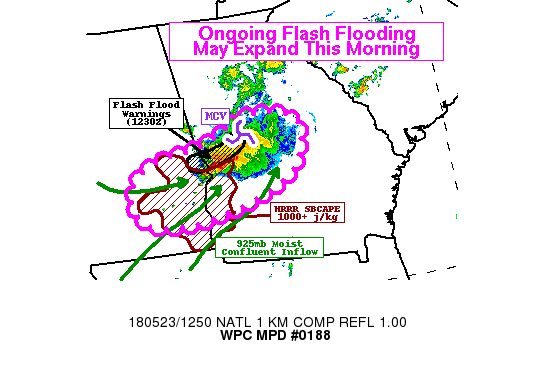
AREAS AFFECTED...SE ALABAMA...SW/WC GEORGIA

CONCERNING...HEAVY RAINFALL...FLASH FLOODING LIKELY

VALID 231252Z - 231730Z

SUMMARY...FLASH FLOODING WAS ONGOING AS OF 1230Z WITH A
SLOW-MOVING CLUSTER OF THUNDERSTORMS NEAR COLUMBUS GEORGIA. THIS
FLASH FLOODING WILL LIKELY CONTINUE AND COULD EXPAND EITHER AS THE
THUNDERSTORMS CONTINUE TO DRIFT SLOWLY SOUTH OR SOUTHEAST...OR AS
NEW STORMS DEVELOP TO THE SOUTHWEST. HOURLY RAIN RATES COULD
EXCEED 2 IN/HR.

DISCUSSION...KMXX AND KJGX RADARS SHOWED A PROMINENT CLUSTER OF
STORMS NEAR AND JUST EAST OF COLUMBUS GA THAT WAS CAUSING FLASH
FLOODING AS OF 1230Z (MULTIPLE FLASH FLOOD WARNINGS AND REPORTS
OVER THE PAST SEVERAL HOURS). OVER THE PAST 90 MINUTES THE
CENTROID OF THE CLUSTER HAS MOVED ONLY ABOUT 15-20 KM...WITH A
SLOW DRIFT TO THE S/SE. THESE RADARS ALSO SHOWED A WELL-DEFINED
SPIN IN THE MID-LEVELS ON THE NORTHEAST SIDE OF THE CONVECTIVE
CLUSTER...LIKELY AN MCV. THIS WAS CENTERED TO SOUTH OF A WEAK
SURFACE LOW...EVIDENT IN THE SURFACE WIND PATTERN ABOUT 20 MILES
EAST OF ATLANTA. THE RESULT IS BROADLY CONFLUENT LOW-LEVEL INFLOW
FROM THE WEST AND SOUTHWEST OVER CENTRAL AND SOUTHERN
ALABAMA...WHICH WAS ENABLING SOME BACKBUILDING OF THE CONVECTIVE
CLUSTER AND ENHANCING FLASH FLOOD POTENTIAL. THIS INFLOW REGION
WAS CHARACTERIZED BY RAP/HRRR ANALYZED CAPE AROUND 1000-1500 J/KG
AND PRECIPITABLE WATER VALUES AROUND 1.8 INCHES (PER CIRA BLENDED
TPW AND GPS-PW OBS).

ALTHOUGH IT IS APPROACHING THE TYPICAL DIURNAL MINIMUM FOR
CONVECTIVE INTENSITY...THE NEARLY UNCAPPED AND MODERATELY UNSTABLE
INFLOW REGION MAY BE ABLE TO SUSTAIN CONVECTION OVER THE NEXT FEW
HOURS WITH A CONTINUED FLASH FLOOD THREAT. AN INCREASE IN
CONVECTION ACROSS THE REGION WOULD BE MORE LIKELY AROUND 16-17Z
WITH CONTINUED INSOLATION... INCLUDING IN THE INFLOW REGION WHICH
MAY CAUSE THE FLASH FLOOD THREAT TO FURTHER EXPAND.

KMXX AND KJGX DUAL POL RAINFALL ESTIMATES HAVE APPROACHED OR
SLIGHTLY EXCEEDED 2 IN/HR AT TIMES...AS HAS THE MRMS RADAR
ANALYSIS. THESE SORT OF RATES CAN BE SUSTAINED IN THE VERY MOIST
AND UNSTABLE ENVIRONMENT PROVIDED CONTINUED SLOW MOTION OF THE
OVERALL CONVECTIVE CLUSTER AND A FAVORABLE SETUP FOR BACKBUILDING
AND NEW UPDRAFT GROWTH ON THE UPSHEAR (WESTERN) FLANK.